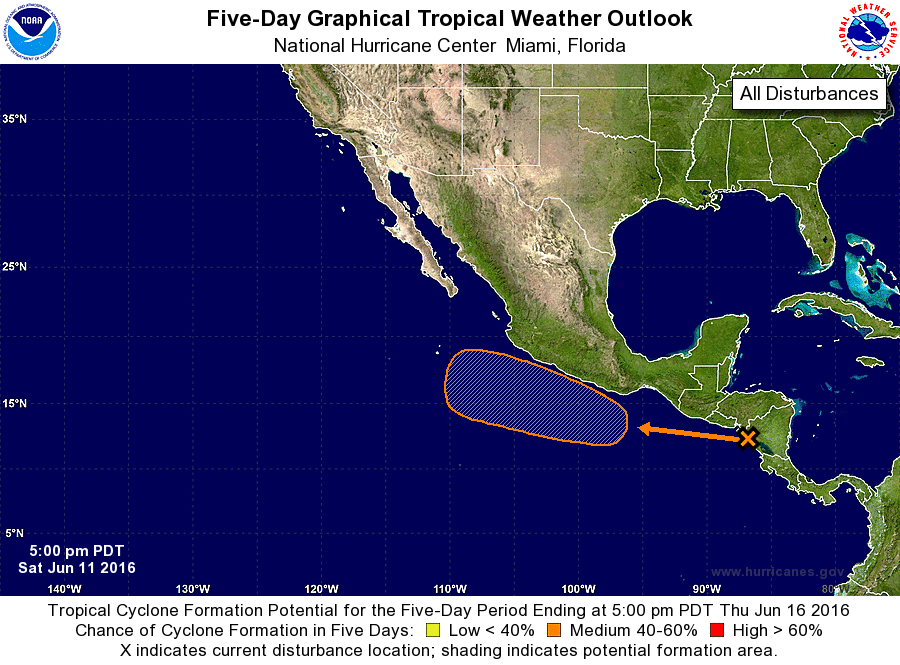
For the eastern North Pacific...east of 140 degrees west longitude:

1. An area of low pressure could develop south of the coast of southeastern Mexico around the middle of next week in association with a tropical wave that is currently moving into the eastern Pacific Ocean from Central America. Environmental conditions appear to be conducive for gradual development of this system later next week while it moves westward or west-northwestward.
* Formation chance through 48 hours...low...near 0 percent
* Formation chance through 5 days...medium...40 percent

Forecaster Brennan